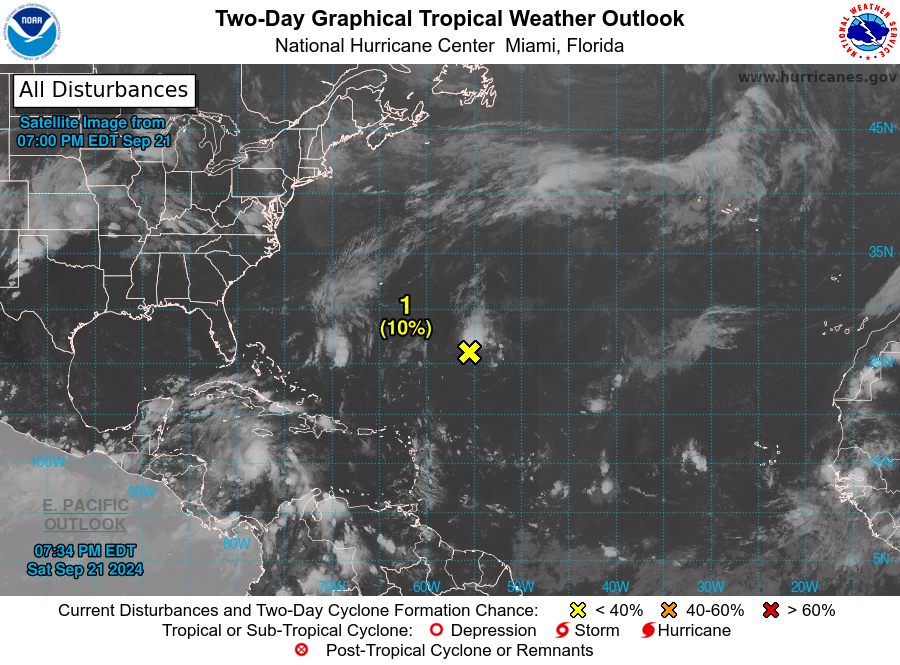
For the North Atlantic...Caribbean Sea and the Gulf of Mexico:

1. Central Subtropical Atlantic (AL96): An area of low pressure located about 700 miles southeast of Bermuda continues to produce a small cluster of showers and thunderstorms northeast of its center. However, the low is embedded in a very dry environment, and therefore significant development is not expected while it moves generally northward at 5 to 10 mph over the central subtropical Atlantic.
* Formation chance through 48 hours...low...10 percent.
* Formation chance through 7 days...low...10 percent.

2. Northwestern Caribbean Sea and Gulf of Mexico: A broad area of low pressure should form during the next few days over the northwestern Caribbean Sea and the adjacent portions of Central America. Thereafter, gradual development of this system is expected, and a tropical depression is likely to form as the system moves slowly northward across the northwestern Caribbean Sea and Gulf of Mexico through the end of next week. Regardless of development, this system is expected to produce heavy rains over portions of Central America during the next several days.
* Formation chance through 48 hours...low...near 0 percent.
* Formation chance through 7 days...high...70 percent.

3. Eastern and Central Tropical Atlantic: A tropical wave is expected to move westward from the coast of Africa on Sunday or Monday. Gradual development of this system is possible thereafter, and a tropical depression could form next week while the wave moves westward across the eastern and central tropical Atlantic.
* Formation chance through 48 hours...low...near 0 percent.
* Formation chance through 7 days...medium...40 percent.

Forecaster Beven